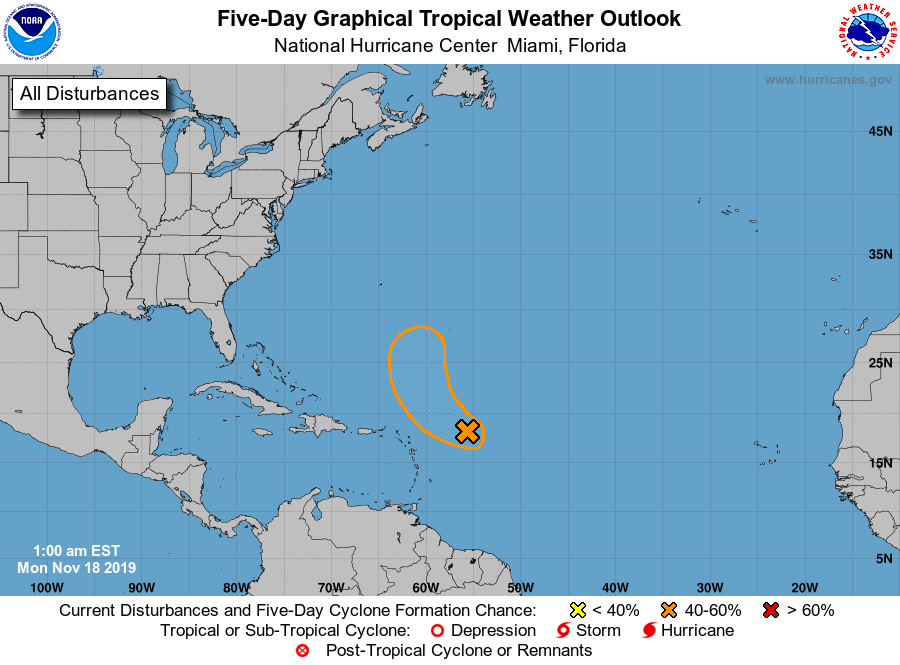
For the North Atlantic...Caribbean Sea and the Gulf of Mexico:

1. A broad area of low pressure located about 450 miles east-northeast of the northern Leeward Islands is producing disorganized showers and thunderstorms with winds of around 30 mph on its northeast side. Some gradual development of this system is expected, and a tropical or subtropical depression could form during the next couple of days while it moves northwestward and then northward over the open Atlantic. After that time, upper-level winds are expected to become less conducive and the disturbance is forecast to merge with a frontal system after midweek, so additional development is not expected. For more information, see High Seas Forecasts issued by the National Weather Service.
* Formation chance through 48 hours...medium...50 percent.
* Formation chance through 5 days...medium...50 percent.

High Seas Forecasts issued by the National Weather Service can be found under AWIPS header NFDHSFAT1, WMO header FZNT01 KWBC, and online at ocean.weather.gov/shtml/NFDHSFAT1.php

Forecaster Brennan